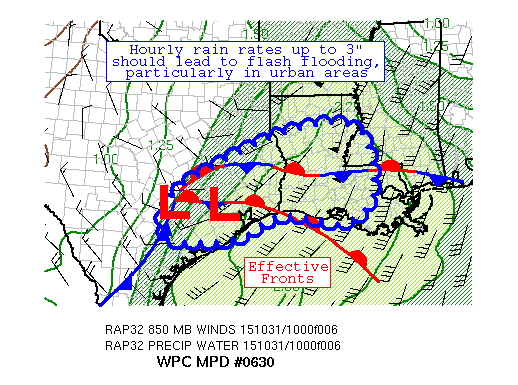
AREAS AFFECTED...SOUTHEAST TX, LA, & SOUTHWEST MS

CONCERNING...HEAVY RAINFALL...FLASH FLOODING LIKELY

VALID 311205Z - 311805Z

SUMMARY...A LARGE AREA OF THUNDERSTORMS IS EXPECTED TO PRODUCE
HOURLY RAIN RATES UP TO 3".  FLASH FLOODING SHOULD OCCUR,
PARTICULARLY WITHIN URBAN AREAS.

DISCUSSION...A CONVECTIVELY-REINFORCED FRONTAL SYSTEM LIES ACROSS
SOUTHEAST TX THIS MORNING, TO THE SOUTHEAST OF A SHORTWAVE LIFTING
PAST THE BORDER OF NORTH-CENTRAL TX/SOUTHWEST OK. DIVERGENCE ALOFT
IS SIGNIFICANT AND BROAD AS THE POLAR AND SUBTROPICAL JETS
SLIGHTLY DIVERGE IN THIS AREA.  PRECIPITABLE WATER VALUES OF
1.7-2.4" LIE ACROSS THE REGION PER GPS INFORMATION.  MUCAPES OF
1000-3000 J/KG LIE TO THE SOUTH OF THE WARM FRONT, WHICH ARE BEING
ADVECTED IN BY 40-60 KTS OF 850 HPA INFLOW (PER VAD WIND
PROFILES), WHICH ACROSS LA IS ABOUT 30% ABOVE THE MEAN 850-400 HPA
WIND.  THIS HAS LED TO PRECIPITATION EFFICIENCY, WITH DUAL POL
ESTIMATES AS HIGH AS 3" AN HOUR OVER THE PAST COUPLE HOURS.
SATELLITE TRENDS AS OF LATE SHOW SLIGHTLY WARMING CLOUD TOPS,
IMPLYING THE EVENT IS PASSING ITS PEAK.

CONVECTION HAS BEEN MOVING ALONG THE LINES OF FORWARD PROPAGATING
CONVECTIVE VECTORS, BETWEEN NORTHEAST AND EAST-NORTHEAST AT 30-35
KTS.  A CONVECTIVE LINE ASSOCIATED WITH THE COLD FRONT COULD LEAD
TO CELL MERGERS WITH PRECEDING ACTIVITY OVER THE PINEY WOODS/BIG
THICKET OF SOUTHEAST TX AND SOUTHWEST/CENTRAL LA, WHICH COULD LEAD
TO RENEWED COOLING OF CLOUD TOPS AND HIGHER RAIN RATES.  CELL
MERGERS AND TRAINING ARE EXPECTED TO BE THE PRIMARY FLASH
FLOOD/EXCESSIVE RAINFALL THREAT.  WHILE LOW-LEVEL INFLOW IS
EXPECTED TO SLOWLY DECREASE TODAY, THE MAXIMUM SHOULD FALL FROM 60
TO 50 KTS, MORE THAN SUFFICIENT TO CONTINUE ORGANIZED CONVECTIVE
DEVELOPMENT.  INSTABILITY IS EXPECTED TO CONTINUE CREEPING
NORTHWARD, WITH THE WARM FRONT MOVING NORTHWARD IN THE GULF
POTENTIALLY MERGING WITH THE COASTAL FRONT ACROSS SOUTHERN LA OVER
THE NEXT SEVERAL HOURS.

THE CAM GUIDANCE WHICH HAS BEEN BEST REPRESENTING THE CONVECTIVE
PATTERN/ PLACEMENT OF THE HEAVY RAINFALL IS THE 00Z ARW, WITH THE
OTHER GUIDANCE DISPLACED MORE TO THE NORTH (THEIR USUAL BIAS).
THE GENERAL SIGNAL IN THE GUIDANCE IS FOR LOCAL AMOUNTS IN THE
4-7" RANGE, WHICH COULD FALL QUICKLY.  THIS IS NEAR THE 50 YEAR
RECURRENCE INTERVAL FOR INDIVIDUAL LOCATIONS IN THIS AREA OVER A
SIX HOUR PERIOD.  THE AVAILABLE MOISTURE AND NOTABLE PRECIPITATION
EFFICIENCY SHOULD ALLOW FOR 3" AN HOUR RATES.  THE 06Z SSEO
NEIGHBORHOOD PROBABILITIES OF EXCEEDING THE THREE HOUR FLASH FLOOD
GUIDANCE VALUES SUGGEST THE APEX OF THE RAIN EVENT WOULD BE IN THE
15-18Z TIME FRAME.  FLASH FLOODING SHOULD OCCUR, PARTICULARLY
WITHIN URBAN AREAS.